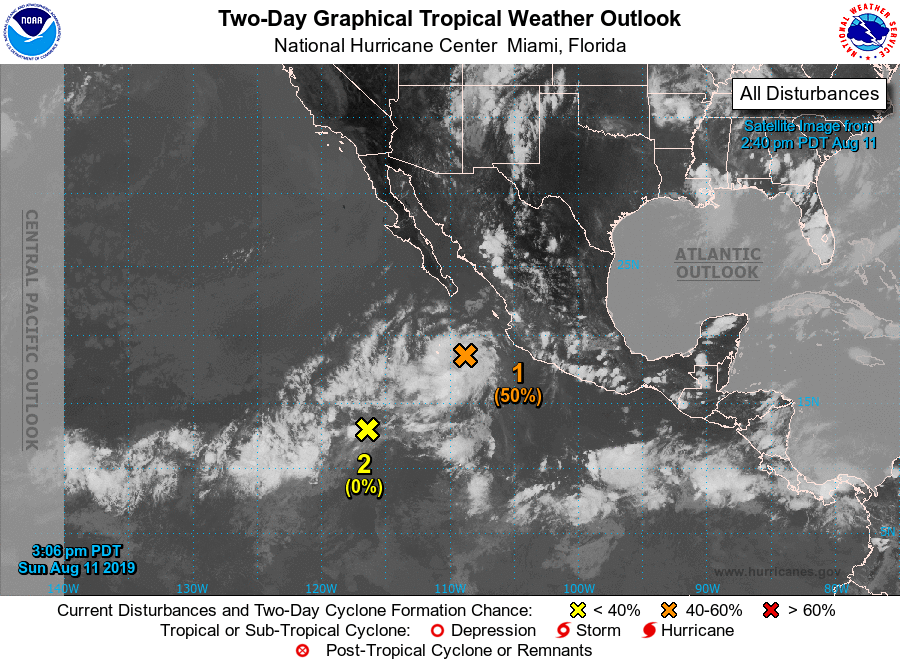
For the eastern North Pacific...east of 140 degrees west longitude:

Special tropical weather outlook issued to update the discussion of the low-pressure system south of the southern tip of the Baja California peninsula.

1. Thunderstorm activity associated with a low pressure system located a few hundred miles south of the southern tip of the Baja California peninsula have become a little better organized during the past several hours. In addition, recent satellite-derived surface wind data indicate that the low has become better defined, with winds just below tropical-storm strength occurring near and to the east of the center. If this recent development trend continues, then advisories could be initiated on a tropical depression or a tropical storm later this evening while the disturbance moves westward to west-northwestward, away from the coast of Mexico. Environmental conditions are expected to become unfavorable for significant development on Tuesday.
* Formation chance through 48 hours...medium...50 percent.
* Formation chance through 5 days...medium...50 percent.

2. A disturbance located a little less than 1000 miles southwest of the Baja California peninsula is producing a large area of disorganized showers and thunderstorms. Environmental conditions are expected to become more conducive for tropical cyclone formation by the middle of the week while the system moves west-northwestward at 10 to 15 mph.
* Formation chance through 48 hours...low...near 0 percent.
* Formation chance through 5 days...medium...50 percent.

Forecaster Stewart